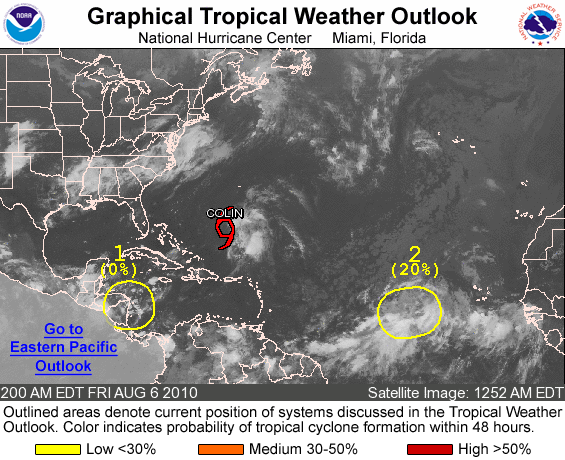
FOR THE NORTH ATLANTIC...CARIBBEAN SEA AND THE GULF OF MEXICO...

THE NATIONAL HURRICANE CENTER IS ISSUING ADVISORIES ON TROPICAL STORM COLIN...LOCATED ABOUT 445 MILES SOUTH-SOUTHWEST OF BERMUDA.

1. A WESTWARD-MOVING TROPICAL WAVE LOCATED NEAR THE EAST COAST OF NICARAGUA IS PRODUCING LIMITED SHOWER ACTIVITY. DEVELOPMENT OF THIS SYSTEM IS NOT EXPECTED AS IT MOVES INLAND OVER CENTRAL AMERICA TODAY. THERE IS A LOW CHANCE...NEAR 0 PERCENT...OF THIS SYSTEM BECOMING A TROPICAL CYCLONE DURING THE NEXT 48 HOURS.

2. A BROAD AREA OF LOW PRESSURE LOCATED ABOUT 800 MILES SOUTHWEST OF THE CAPE VERDE ISLANDS IS PRODUCING DISORGANIZED SHOWERS AND THUNDERSTORMS. ENVIRONMENTAL CONDITIONS ARE GRADUALLY EXPECTED TO BECOME MORE FAVORABLE FOR DEVELOPMENT DURING THE NEXT COUPLE OF DAYS AS THIS SYSTEM MOVES NORTHWESTWARD AT AROUND 10 MPH. THERE IS A LOW CHANCE...20 PERCENT...OF THIS SYSTEM BECOMING A TROPICAL CYCLONE DURING THE NEXT 48 HOURS.

ELSEWHERE...TROPICAL CYCLONE FORMATION IS NOT EXPECTED DURING THE NEXT 48 HOURS.

PUBLIC ADVISORIES ON TROPICAL STORM COLIN ARE ISSUED UNDER WMO HEADER WTNT34 KNHC AND UNDER AWIPS HEADER MIATCPAT4. FORECAST/ADVISORIES ON COLIN ARE ISSUED UNDER WMO HEADER WTNT24 KNHC AND UNDER AWIPS HEADER MIATCMAT4.

FORECASTER BRENNAN